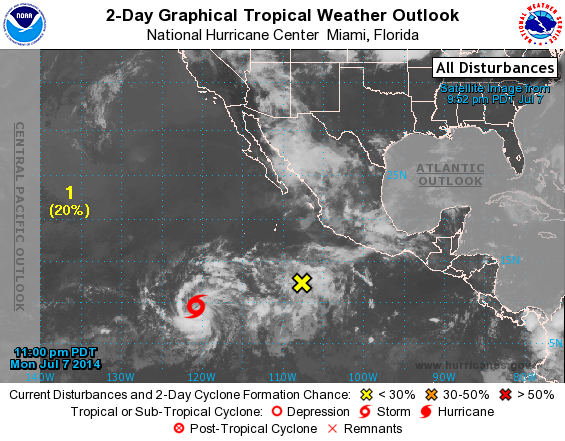
For the eastern North Pacific...east of 140 degrees west longitude:

The National Hurricane Center is issuing advisories on Tropical Storm Fausto, located more than a thousand miles southwest of the southern tip of Baja California, Mexico

1. A broad low pressure system, located several hundred miles southwest of Manzanillo, Mexico, continues to produce disorganized showers and thunderstorms. Development, if any, of this system should be slow to occur as it moves west-northwestward at 10 to 15 mph.
* Formation chance through 48 hours...low...20 percent.
* Formation chance through 5 days...low...20 percent.

Public Advisories on Tropical Storm Fausto are issued under WMO header WTPZ31 KNHC and under AWIPS header MIATCPEP1. Forecast/Advisories on Tropical Storm Fausto are issued under WMO header WTPZ21 KNHC and under AWIPS header MIATCMEP1.

Forecaster Kimberlain